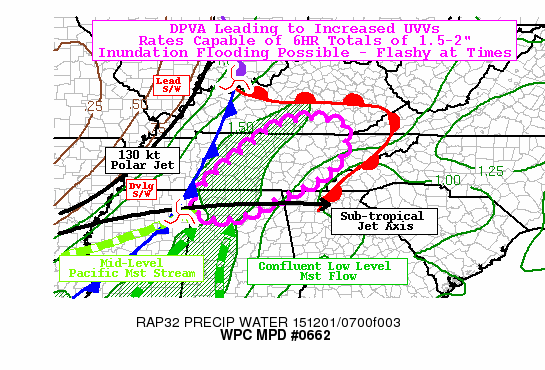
AREAS AFFECTED...CENT/E TENNESSEE/N ALABAMA/SE KENTUCKY/EXT NW
GEORGIA

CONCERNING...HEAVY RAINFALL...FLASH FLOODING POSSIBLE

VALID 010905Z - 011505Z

SUMMARY...LIFTING S/W SHOULD SLOW THE EASTWARD PROGRESS OF BROAD
MODERATE RAINFALL BAND ALLOWING TOTALS TO NEAR FFG VALUES.

DISCUSSION...WV LOOP/IR LOOP SHOWS A ROBUST S/W LIFTING NE ACROSS
W KY INTO S IN ATTM WITHIN HIGHLY DIVERGENT UPPER LEVEL FLOW
ALLOWING FOR STRENGTHENING OF THE TRIPLE POINT WHICH INCREASED LOW
LEVEL FLOW AND MST FLUX ACROSS THE TENNESSEE RIVER
VALLEY...SETTING THE STAGE. AS THE WAVE LIFTING NORTHEAST...THE
TRAILING CONVEYOR BELT WILL SLOW ITS EASTWARD PROGRESSION AHEAD OF
NEXT WAVE ALLOWING FOR COMPOUNDING TOTALS.

ADDITIONALLY...WV LOOP SHOWS NOSE OF 130 KT UPPER JET OVER AR/S MO
WHILE... SUBTROPICAL CLOUD STREAK IS A BIT FLATTER ACROSS NE TX TO
N MS.  THIS WILL SUPPORT THE NEXT S/W CURRENTLY NEAR N MS/AL
BOARDER TO INTENSIFY PRODUCING FURTHER ENHANCEMENT OF PVA LEADING
TO STRENGTHENING UVVS.  ADDITIONALLY...LOW LEVEL CONFLUENCE OF
MOISTURE STREAMS... ONE OUT OF THE CENTRAL GULF WHILE SLIGHTLY
HIGHER ALOFT...THE CONNECTION WITH THE EASTERN TROPICAL PACIFIC
STREAM COMPOUNDS TO LEAD TO A TONGUE OF TPWS IN EXCESS OF 1.5"
ALONG THE MS/AL BORDER INTO CENTRAL TN.  THE BROAD ASCENT AND
AVAILABLE MOISTURE SUPPORTS RAIN RATES IN THE .3-.6"/HR RANGE PER
SURFACE OBS AND RADAR ESTIMATION.  WITH THE STRENGTHENING OF THE
WAVE DUE TO UPSTREAM JET DYNAMICS... SLIGHTLY HIGHER RATES MAY BE
POSSIBLE OVER THE NEXT 4-6 HRS AS IT LIFTS INTO CENTRAL TN.   THIS
SHOULD ALLOW FOR A BROAD AREA OF 1-1.5" RAIN TOTALS IN THE NEXT
6HRS WITH SOME LOCALIZED AREAS UP TO 2.0" WHICH SHOULD INUNDATE
RIVERS AND STREAMS FOR FLOODING CONDITIONS WITH A POSSIBILITY OF
FLASHY CONDITIONS AT TIMES IN HIGHLY LOCALIZED AREAS.  THIS
SCENARIO IS SUPPORTED BY MUCH OF THE HI-RES CAMS BUT PARTICULARLY
FAVOR THE ARW AND NMMB SOLUTIONS.